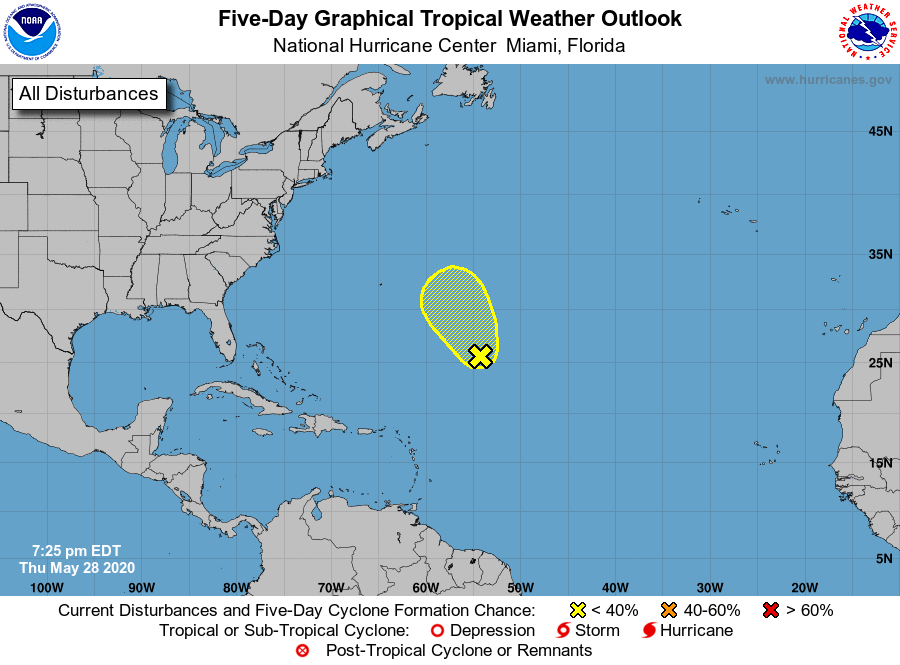
For the North Atlantic...Caribbean Sea and the Gulf of Mexico:

Special Tropical Weather Outlook issued to discuss the area of low pressure over the central Atlantic.

1. A surface trough and associated upper-level disturbance are producing disorganized shower activity and gusty winds over the central Atlantic Ocean several hundred miles east-southeast of Bermuda. Gradual development of this system is possible, and it could acquire some subtropical characteristics on Friday and Saturday as it moves generally northward. Development is not expected after that time due to unfavorable environmental conditions. For additional information, see High Seas Forecasts issued by the National Weather Service. The next Special Tropical Weather Outlook on this system will be issued by 9 AM EDT Friday, or earlier if necessary.
* Formation chance through 48 hours...low...30 percent.
* Formation chance through 5 days...low...30 percent.

High Seas Forecasts issued by the National Weather Service can be found under AWIPS header NFDHSFAT1, WMO header FZNT01 KWBC, and available on the Web at http://ocean.weather.gov/shtml/NFDHSFAT1.shtml.

Forecaster Cangialosi/Roberts